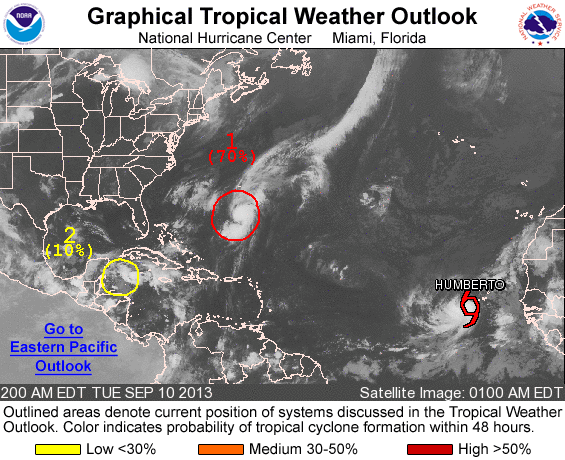
FOR THE NORTH ATLANTIC...CARIBBEAN SEA AND THE GULF OF MEXICO...

THE NATIONAL HURRICANE CENTER IS ISSUING ADVISORIES ON TROPICAL STORM HUMBERTO...LOCATED A COUPLE OF HUNDRED MILES WEST-SOUTHWEST OF THE SOUTHERNMOST CAPE VERDE ISLANDS.

1. SATELLITE DATA AND SURFACE OBSERVATIONS INDICATE THAT THE AREA OF LOW PRESSURE...THE REMNANTS OF GABRIELLE...LOCATED ABOUT 275 MILES SOUTH OF BERMUDA CONTINUES TO BECOME BETTER DEFINED. IN ADDITION... SHOWER AND THUNDERSTORM ACTIVITY HAS INCREASED AND BECOME MORE CONCENTRATED NEAR THE CENTER DURING THE PAST FEW HOURS...AND IF THIS DEVELOPMENT TREND CONTINUES...ADVISORIES COULD BE INITIATED ON THIS DISTURBANCE LATER THIS MORNING. THE LOW IS EXPECTED TO MOVE NORTHWARD AT 10 TO 15 MPH...BRINGING IT OVER OR VERY NEAR BERMUDA ON WEDNESDAY...AND INTERESTS ON THAT ISLAND SHOULD MONITOR THE PROGRESS OF THIS SYSTEM AS A TROPICAL STORM WARNING COULD BE REQUIRED. THIS SYSTEM HAS A HIGH CHANCE...70 PERCENT...OF BECOMING A TROPICAL CYCLONE DURING THE NEXT 48 HOURS...AND A HIGH CHANCE... 80 PERCENT...OF BECOMING A TROPICAL CYCLONE DURING THE NEXT 5 DAYS. AN AIR FORCE RESERVE RECONNAISSANCE MISSION IS SCHEDULED TO INVESTIGATE THE LOW THIS AFTERNOON.

2. AN AREA OF DISTURBED WEATHER LOCATED OVER THE NORTHWESTERN CARIBBEAN SEA IS MOVING WESTWARD AT ABOUT 10 MPH. THIS DISTURBANCE IS FORECAST TO MOVE ACROSS THE YUCATAN PENINSULA AND INTO THE BAY OF CAMPECHE BY LATE THURSDAY WHERE AN AREA OF LOW PRESSURE IS EXPECTED TO FORM. ENVIRONMENTAL CONDITIONS SHOULD GRADUALLY BECOME MORE CONDUCIVE FOR THE DEVELOPMENT OF A TROPICAL DEPRESSION BY THE WEEKEND. THIS SYSTEM HAS A LOW CHANCE...10 PERCENT...OF BECOMING A TROPICAL CYCLONE DURING THE NEXT 48 HOURS...AND A HIGH CHANCE...60 PERCENT...OF BECOMING A TROPICAL CYCLONE DURING THE NEXT 5 DAYS.

FIVE-DAY FORMATION PROBABILITIES ARE EXPERIMENTAL IN 2013. COMMENTS ON THE EXPERIMENTAL FORECASTS CAN BE PROVIDED AT...

HTTP://WWW.NWS.NOAA.GOV/SURVEY/NWS-SURVEY.PHP?CODE=ETWO

FORECASTER STEWART/CANGIALOSI